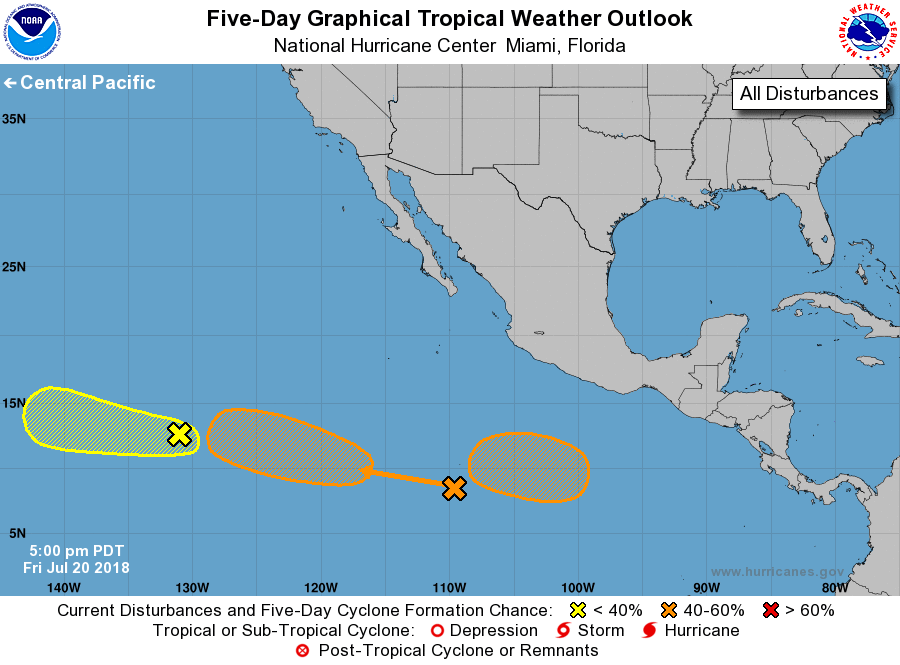
For the eastern North Pacific...east of 140 degrees west longitude:

1. Showers and thunderstorms associated with a broad area of low pressure are located a little more than 1500 miles west-southwest of the southern tip of the Baja California peninsula. The shower activity has not become any better organized today, and the system is heading toward unfavorable upper-level winds. The low is expected to move westward at 15 to 20 mph and cross into the Central Pacific basin late this weekend or Monday with no significant development.
* Formation chance through 48 hours...low...10 percent.
* Formation chance through 5 days...low...20 percent.

2. Another area of disturbed weather is located several hundred miles south-southwest of Manzanillo, Mexico. Although this system is not showing any signs of organization at this time, conditions are forecast to become favorable for development and a tropical depression could form early next week. This disturbance is expected to move toward the west-northwest at 15 to 20 mph during the next several days.
* Formation chance through 48 hours...low...10 percent.
* Formation chance through 5 days...medium...60 percent.

3. And yet another area of low pressure is likely to form early next week several hundred miles south of the southern coast of Mexico. Environmental conditions appear to be conducive for gradual development of this system while it moves toward the west or west-northwest well south of Mexico.
* Formation chance through 48 hours...low...near 0 percent.
* Formation chance through 5 days...medium...40 percent.

Forecaster Avila